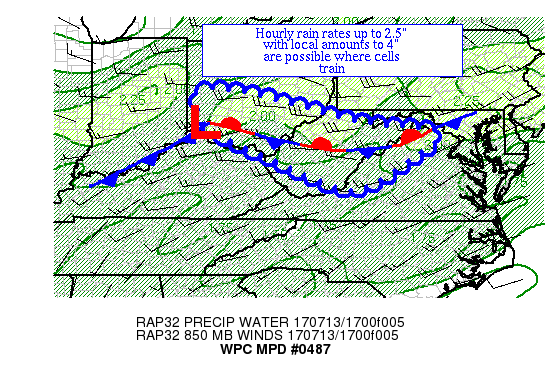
AREAS AFFECTED...UPPER OH VALLEY & WESTERN VA

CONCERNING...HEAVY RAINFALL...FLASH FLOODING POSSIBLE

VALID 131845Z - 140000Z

SUMMARY...SURFACE BASED CONVECTION IS FORMING NEAR AND AHEAD OF A
MESOSCALE WAVE.  HOURLY RAIN RATES TO 2.5" WITH LOCAL AMOUNTS TO
4" ARE POSSIBLE.

DISCUSSION...THUNDERSTORMS ARE BEGINNING TO ACQUIRE A TRAINING
SIGNATURE NEAR THE UPPER OH VALLEY.  CLOUD TOP TEMPERATURE TRENDS
PER EXPERIMENTAL GOES-16 IMAGERY ARE MIXED, AS OLDER CONVECTION
OVER SOUTHEAST OH SHOWS WARMING TOPS WHILE NEW ACTIVITY IN
SOUTHERN OH SHOWS GENERALLY COOLING TOPS.  TO THE EAST, OTHER
SCATTERED ACTIVITY IS FORMING IN WV AND WESTERN VA.  INFLOW AT 850
HPA IS SLIGHTLY CONVERGENT OUT OF THE WEST AT 20-30 KTS.
EFFECTIVE BULK SHEAR OF ~30 KTS ALONG WITH UNIDIRECTIONAL FLOW
WITH HEIGHT ARE HELPING TO ORGANIZE THE ACTIVITY INTO THE TRAINING
BAND.  PRECIPITABLE WATER VALUES ARE 1.5-2" PER GPS VALUES FROM
MID MORNING AND RAP ANALYSES.  ML CAPE VALUES ARE 1000-2000 J/KG
ACROSS THE REGION.

THE MESOSCALE GUIDANCE LOOKS TOO FAR NORTH WITH ITS AXIS HERE
BASED ON RADAR TRENDS AND RECENT SPC MESOANALYSES OF THE CAPE
FIELD.  THE EXPECTATION IS FOR CONVECTION TO TRAIN IN SHORT
SEGMENTS AT TIMES WITHIN THIS REGION OVER THE NEXT SEVERAL HOURS.
STORMS SHOULD MOVE EAST TO EAST-SOUTHEAST AT 20-25 KTS WITHIN THE
ML CAPE GRADIENT. THE 06Z SSEO NEIGHBORHOOD PROBABILITIES ALONG
WITH THE 12Z GFS-BASED GDI VALUES INDICATE FURTHER UPTICK TO THE
CONVECTION THROUGH 00Z, WITH THE MAIN UPTICK OCCURRING AFTER 19Z.
CONSIDERING THE MOISTURE AND INSTABILITY AVAILABLE, HOURLY RAIN
RATES UP TO 2.5" WITH LOCAL AMOUNTS TO 4" ARE POSSIBLE OVER AN
AREA WITH MODEST TO SOMEWHAT LOW FLASH FLOOD GUIDANCE VALUES.